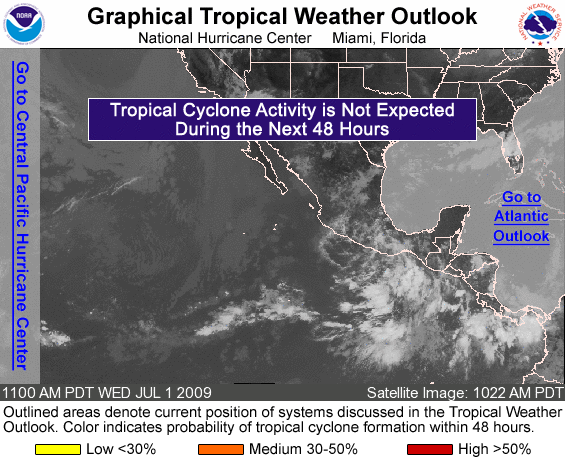
FOR THE EASTERN NORTH PACIFIC...EAST OF 140 DEGREES WEST LONGITUDE..

TROPICAL CYCLONE FORMATION IS NOT EXPECTED DURING THE NEXT 48 HOURS.

FORECASTER BEVEN